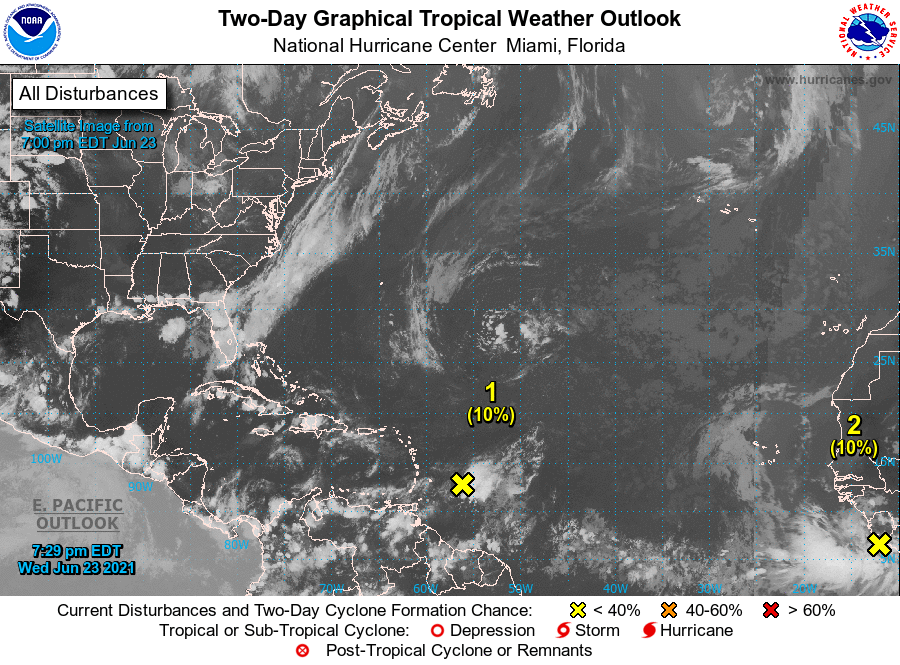
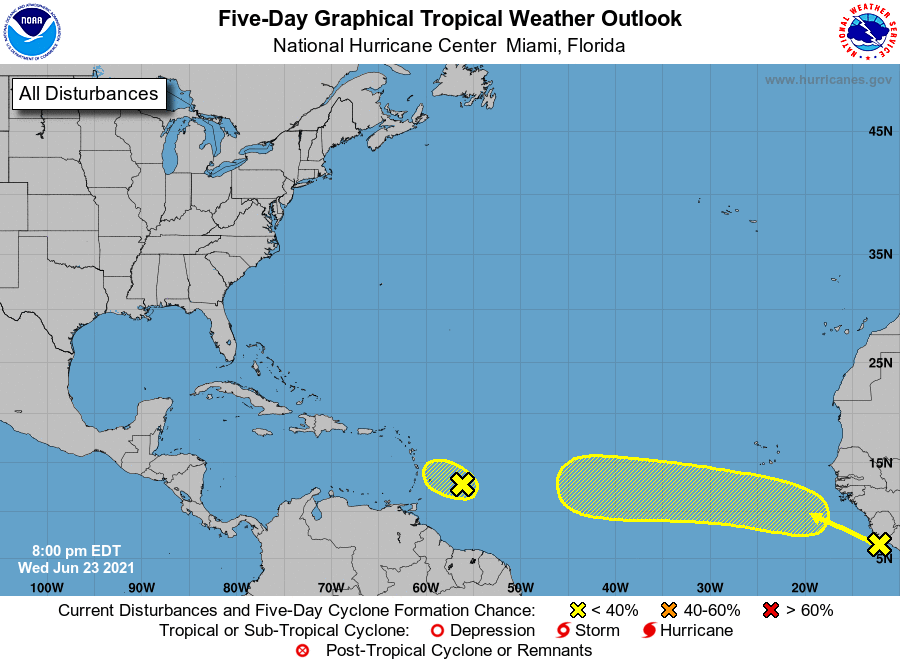
For the North Atlantic...Caribbean Sea and the Gulf of Mexico:

1. Shower and thunderstorm activity has increased a little bit during the past several hours to the east of a small area of low pressure located a couple of hundred miles east of Barbados. However, increasing upper-level winds are likely to prevent further development of this system while it moves west-northwestward at about 10 mph. This disturbance could produce increased shower activity and some gusty winds when it moves across the Lesser Antilles on Friday.
* Formation chance through 48 hours...low...10 percent.
* Formation chance through 5 days...low...10 percent.

2. A strong tropical wave is expected to emerge off the coast of Africa overnight and on Thursday. Some development of this system is possible late this week and into early next week while it moves westward to west-northwestward at about 15 mph across the tropical eastern and central Atlantic Ocean, where ocean temperatures are only marginally conducive for tropical cyclone formation.
* Formation chance through 48 hours...low...10 percent.
* Formation chance through 5 days...low...30 percent.

Forecaster Berg